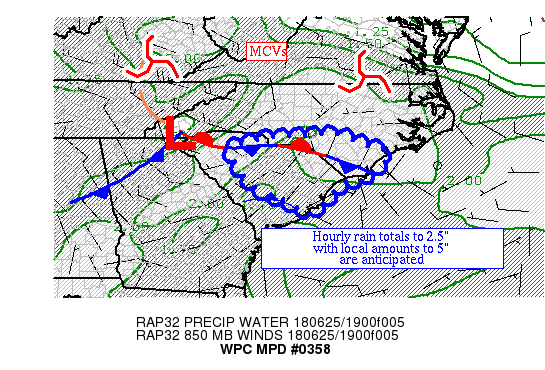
AREAS AFFECTED...CENTRAL & EASTERN SC/SOUTHERNMOST NC

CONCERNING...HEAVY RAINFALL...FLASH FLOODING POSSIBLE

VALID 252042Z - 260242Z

SUMMARY...THUNDERSTORMS ARE STARTING TO INCREASE IN COVERAGE AHEAD
OF AN INCOMING BAND OF THUNDERSTORMS.  HOURLY TOTALS TO 2.5" WITH
LOCAL AMOUNTS TO 5" ARE FORECAST.

DISCUSSION...CONVECTION IS INCREASING SOUTH OF AN MCV MOVING
ACROSS SOUTHERN VA AND AHEAD OF AN INCOMING CONVECTIVE LINE
SPAWNED BY ANOTHER MCV ACROSS EASTERN KY. A COUPLE OVERSHOOTING
TOPS ARE EVIDENT ON RECENT GOES-16 "VEGGIE BAND" IMAGERY.
PRECIPITABLE WATER VALUES OF 1.8-2.1" EXIST HERE PER RECENT GPS
DATA.  EFFECTIVE BULK SHEAR IS APPROACHING 25 KTS PER SPC
MESOANALYSIS, WHICH COULD LEAD TO TRAINING BANDS WITHIN A FLOW
PATTERN WHICH IS FAIRLY UNIDIRECTIONAL OUT OF THE WEST PER THE
MORNING MHX/MOREHEAD CITY NC SOUNDING. ML CAPE VALUES ARE
1500-4000 J/KG.

CONVERGENT FLOW AT 850 HPA IS EXPECTED TO FURTHER CONCENTRATE
CONVECTION OVER THE NEXT SEVERAL HOURS, WHICH COULD LEAD TO SOME
CELL TRAINING.  AS THE THUNDERSTORM LINE MOVES OUT OF THE
APPALACHIANS INTO THE PIEDMONT AND AN OUTFLOW BOUNDARY APPROACHES
FROM THE SOUTH, CELL COLLISIONS APPEAR LIKELY WHICH WOULD AMP UP
HOURLY RAIN TOTALS.  THE MESOSCALE GUIDANCE SHOWS A GOOD SIGNAL
FOR LOCAL AMOUNTS IN THE 4-5" RANGE THROUGH 03Z.  THE HOURLY
PROBABILITIES OF 1"+ WITH THE HREF MEMBERS MAXIMIZES IN THE 22-01Z
PERIOD.  THE GFS-BASED GALVEZ-DAVISON INSTABILITY INDEX IMPLIES
THE GREATEST CELL COVERAGE IS LIKELY AROUND 03Z.  FLASH FLOOD
GUIDANCE VALUES ARE RELATIVELY MODEST HERE, WHICH COULD LEAD TO A
FEW POCKETS OF FLASH FLOODING DURING THE NEXT SIX HOURS.